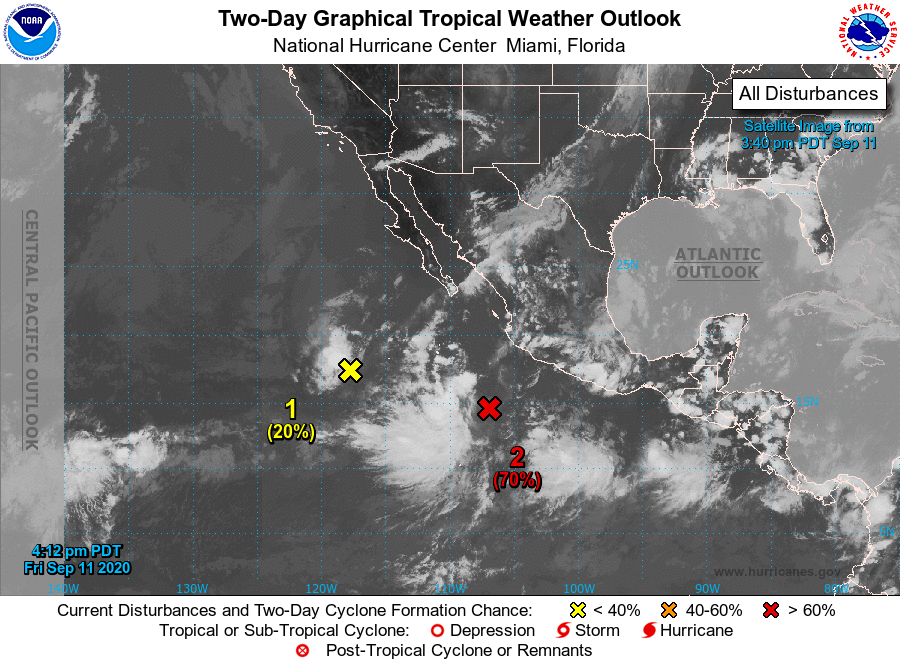
For the eastern North Pacific...east of 140 degrees west longitude:

1. An area of low pressure located a little more than 600 miles southwest of the southern tip of the Baja California is producing disorganized showers and thunderstorms. Some slight development of this system is possible during the next day or two before it interacts with, and is possibly absorbed by, a larger weather disturbance to its east-southeast.
* Formation chance through 48 hours...low...20 percent.
* Formation chance through 5 days...low...20 percent.

2. Another area of low pressure is located several hundred miles south-southwest of the coast of southwestern Mexico. This system is producing a large area of disorganized showers and thunderstorms well to the west of the center of the the low. Environmental conditions appear conducive for development, and a tropical depression is likely to form over the weekend or early next week while the system moves west-northwestward at 10 to 15 mph away from the coast of Mexico.
* Formation chance through 48 hours...high..70 percent.
* Formation chance through 5 days...high...80 percent.

Forecaster Zelinsky